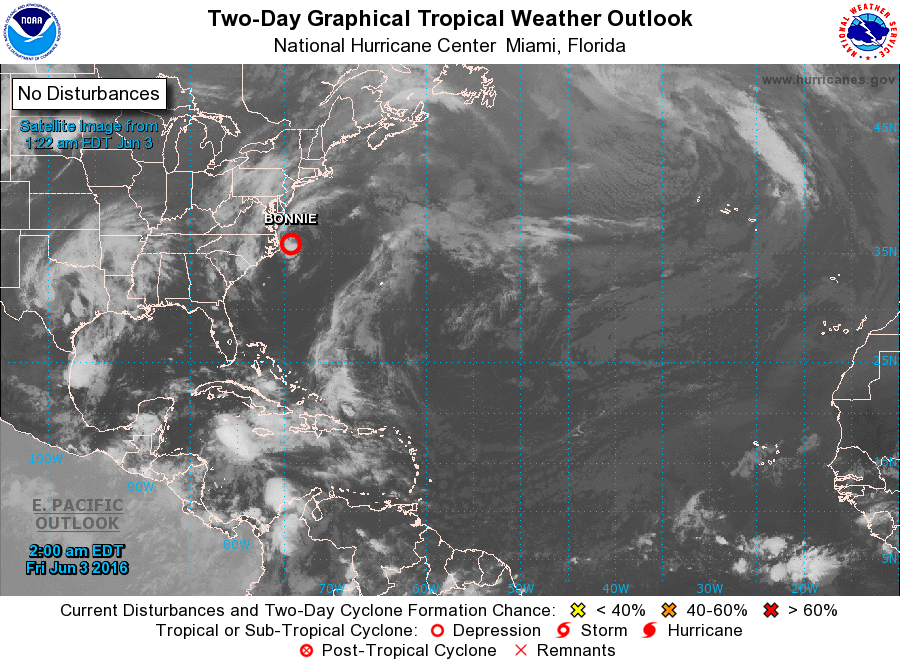
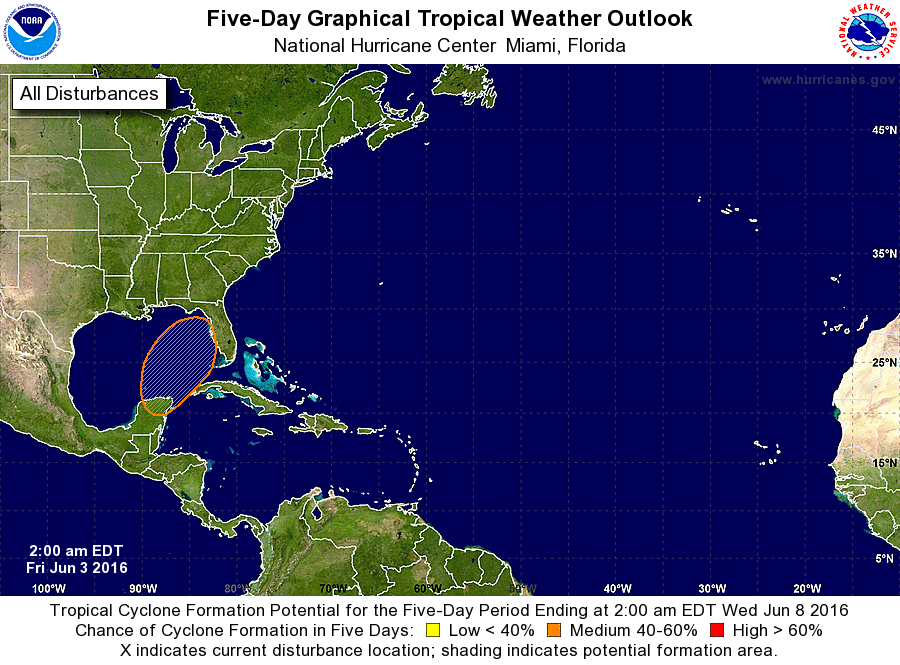
For the North Atlantic...Caribbean Sea and the Gulf of Mexico:

The National Hurricane Center is issuing advisories on Tropical Depression Bonnie, located about 75 miles east-northeast of Cape Hatteras, North Carolina.

A broad low pressure area is expected to form over the Yucatan Peninsula of Mexico or the southern Gulf of Mexico by late this weekend. Although upper-level winds are not forecast to be particularly conducive for tropical cyclone formation, additional development of the low could occur when it moves generally northeastward across the central and eastern Gulf of Mexico early next week. This system is likely to produce heavy rains and possible flooding over portions of the Yucatan Peninsula, western Cuba and the Florida peninsula.

1.
* Formation chance through 48 hours...low...near 0 percent
* Formation chance through 5 days...medium...50 percent

Forecaster Kimberlain